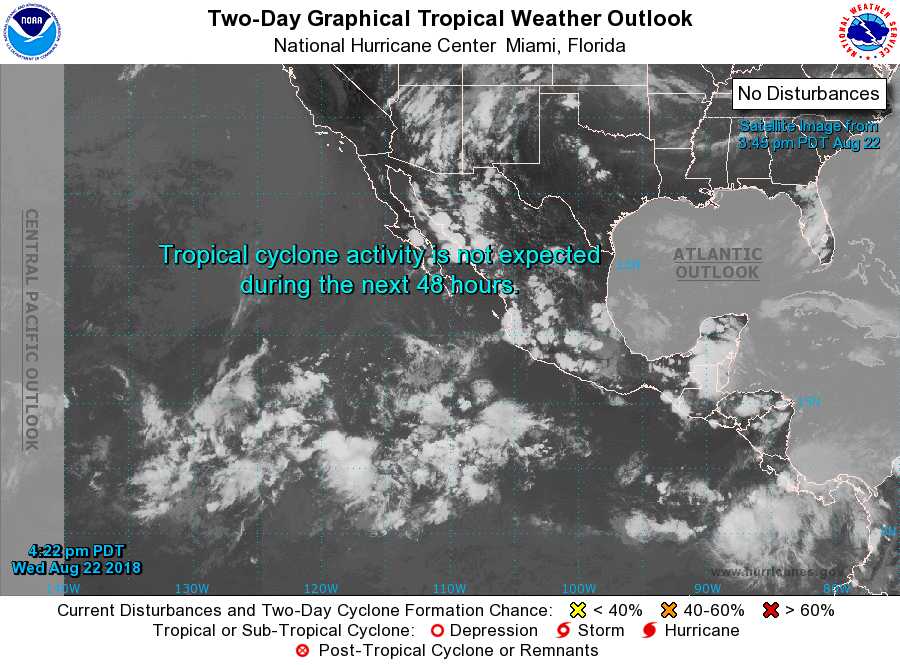
For the eastern North Pacific...east of 140 degrees west longitude:

1. An area of low pressure could form in a couple of days several hundred miles southwest of the southern tip of Baja California Sur. Thereafter, some development of this system is possible into early next week while the disturbance moves westward at about 10 mph.
* Formation chance through 48 hours...low...near 0 percent.
* Formation chance through 5 days...low...20 percent.

Forecaster Blake